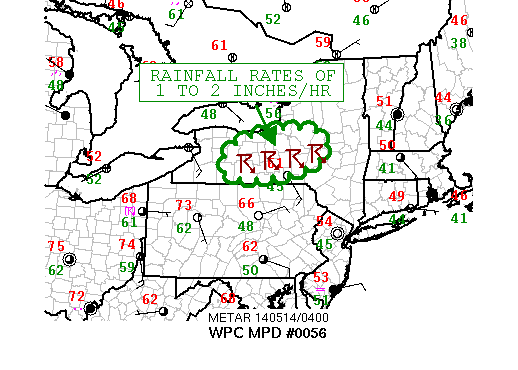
AREAS AFFECTED...WESTERN NY

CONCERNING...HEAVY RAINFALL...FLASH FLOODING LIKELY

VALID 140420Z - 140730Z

SUMMARY...A REPEATING/TRAINING BAND OF HEAVY SHOWERS AND
THUNDERSTORMS IS LIKELY TO CONTINUE FOR THE NEXT FEW HOURS. EXPECT
ADDITIONAL FLASH FLOOD CONCERNS LOCALLY.

DISCUSSION...A BAND OF MULTI-CELLULAR CONVECTION CONTINUES TO
REPEAT AND TRAIN OVER THE SAME AREA ACROSS PORTIONS OF WRN NY
ATTM. CLOUD TOPS HAVE BEEN QUITE COLD AND THERE HAVE BEEN A COUPLE
OF OVERSHOOTING TOPS NOTED IN THE GOES OTD ALGORITHM OVER THE LAST
2 HOURS.

THE CONVECTION IS EMBEDDED WITHIN A WEAK ELEVATED INSTABILITY AXIS
NEAR AN INVERTED SFC TROUGH AND HAS BEEN REGENERATING GIVEN THE
LARGER SCALE S/SWLY FLOW ASSOCD WITH THE WARM AIR ADVECTION
PATTERN ACROSS THE OH VLY AND CNTRL APPALACHIANS. THE UPR LVL FLOW
IS ALSO SOMEWHAT DIFFLUENT WHICH IS PROVIDING FOR SOME DEEPER LYR
ASCENT.

FARTHER SOUTH...CONVECTION IS SEEN DEVELOPING OVER NWRN PA AND MAY
POTENTIALLY MOVE INTO PORTIONS OF THE THREAT AREA LATER IN THE
NIGHT AND WILL NEED TO BE MONITORED CLOSELY. IN THE MEANTIME...THE
CURRENT CONVECTIVE BAND WILL LIKELY TEND TO SUSTAIN ITSELF AT
LEAST THE NEXT FEW HOURS GIVEN THE WARM AIR ADVECTION PATTERN.

EXPECT ADDITIONAL FLASH FLOODING TO OCCUR AT LEAST LOCALLY OVER
THE NEXT FEW HOURS WITH RAINFALL RATES OF 1 TO 2 INCHES/HR LIKELY.